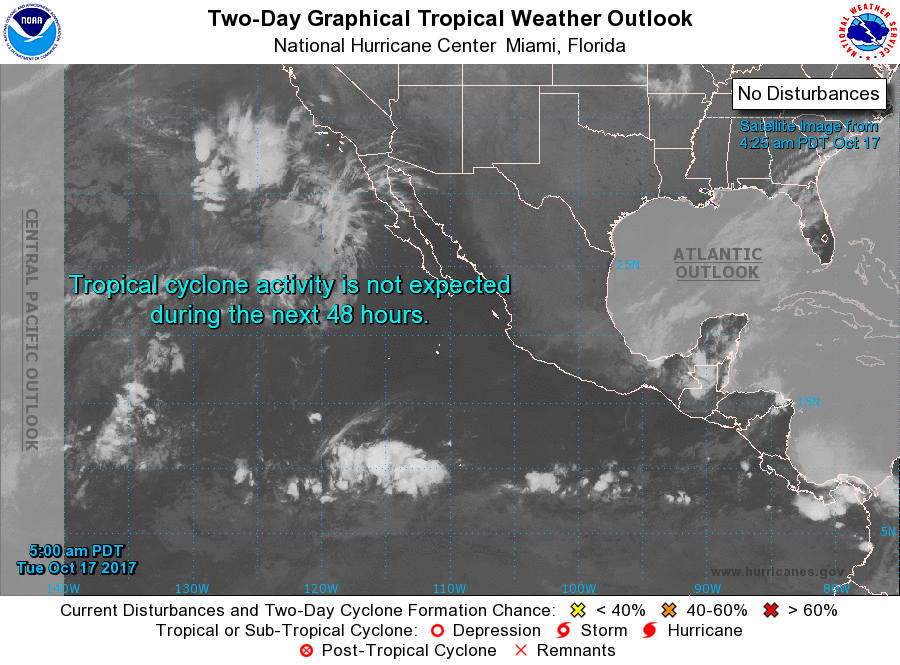
For the eastern North Pacific...east of 140 degrees west longitude:

Tropical cyclone formation is not expected during the next 5 days.

Forecaster Avila